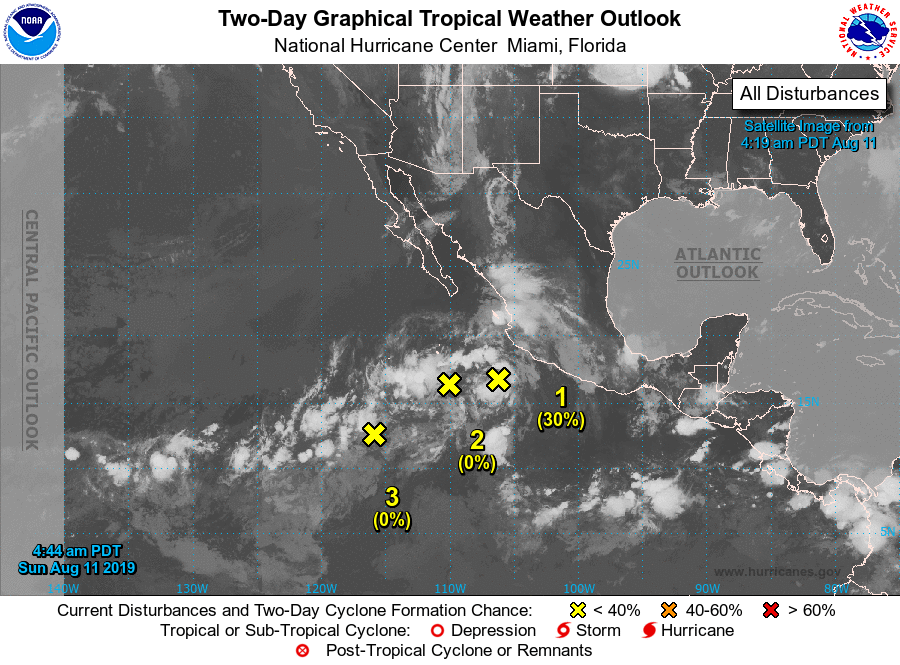
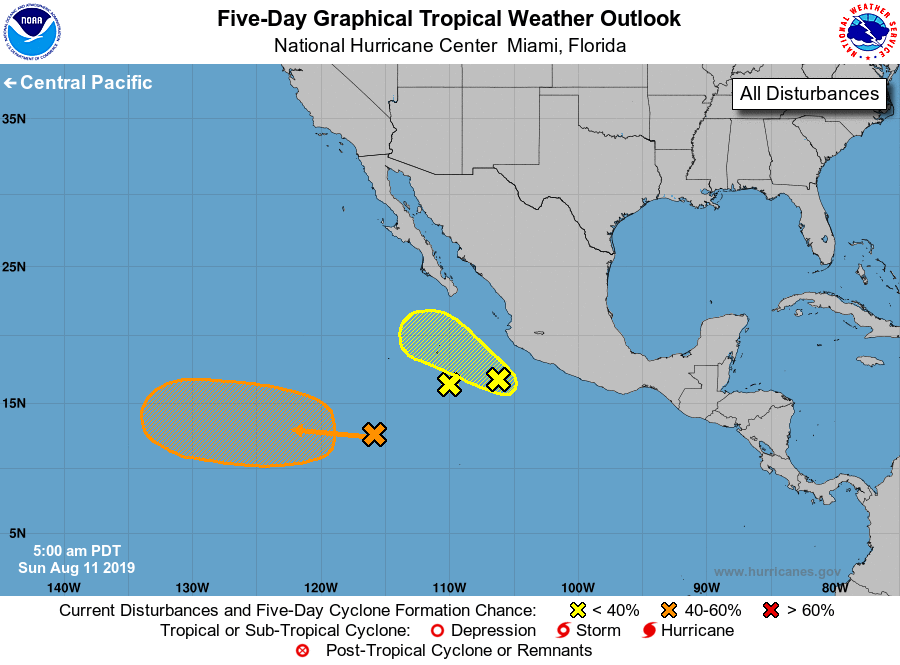
For the eastern North Pacific...east of 140 degrees west longitude:

1. An area of low pressure located a few hundred miles southwest of Manzanillo, Mexico is producing disorganized showers and thunderstorms. Some development of this system is possible over the next day or so as it moves west-northwestward, away from the coast of Mexico. Thereafter, conditions are expected to become unfavorable for development.
* Formation chance through 48 hours...low...30 percent.
* Formation chance through 5 days...low...30 percent.

2. Showers and thunderstorms located a few hundred miles south-southwest of the southern tip of the Baja California Peninsula are associated with a trough of low pressure. Development of this system is no longer expected.
* Formation chance through 48 hours...low...0 percent.
* Formation chance through 5 days...low...0 percent.

3. A disturbance located little a less than 1000 miles south-southwest of the Baja California peninsula is producing a large area of disorganized showers and thunderstorms. Environmental conditions are expected to become more conducive for tropical cyclone formation by the middle of the week as the system moves west-northwestward at 10 to 15 mph.
* Formation chance through 48 hours...low...near 0 percent.
* Formation chance through 5 days...medium...50 percent.

Forecaster Latto/Pasch